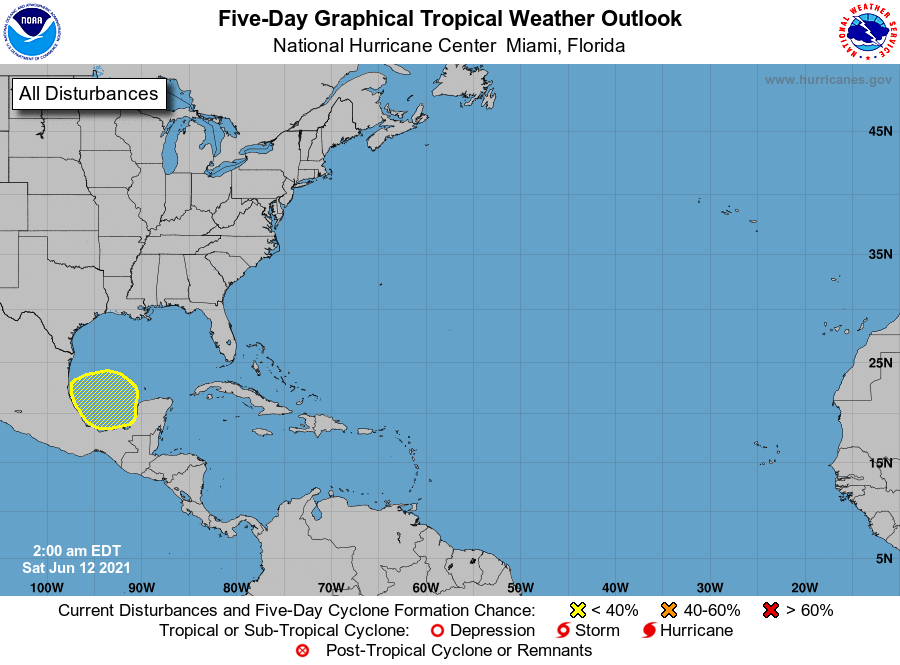
For the North Atlantic...Caribbean Sea and the Gulf of Mexico:

1. A trough of low pressure is expected to form by early next week over the Bay of Campeche in the southwestern Gulf of Mexico. Some slow development is possible thereafter as this system drifts northward.
* Formation chance through 48 hours...low...near 0 percent.
* Formation chance through 5 days...low...30 percent.

Forecaster Papin/Pasch